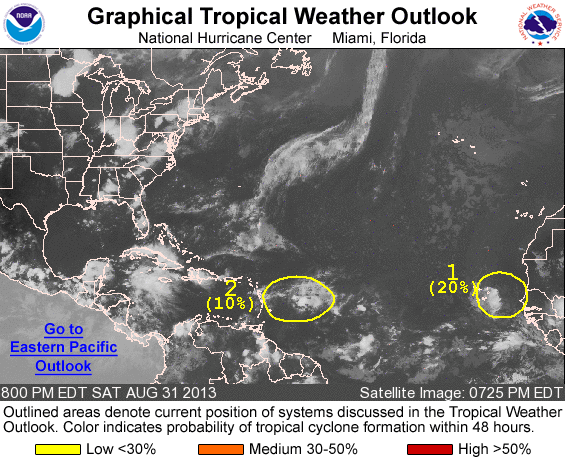
FOR THE NORTH ATLANTIC...CARIBBEAN SEA AND THE GULF OF MEXICO...

1. A BROAD AREA OF LOW PRESSURE ASSOCIATED WITH A TROPICAL WAVE IS OVER THE EASTERN ATLANTIC BETWEEN THE CAPE VERDE ISLANDS AND THE COAST OF AFRICA. WHILE THE ASSOCIATED CLOUDINESS AND SHOWERS SHOW SOME SIGNS OF ORGANIZATION...ENVIRONMENTAL CONDITIONS HAVE BECOME LESS FAVORABLE FOR DEVELOPMENT...AND THE POTENTIAL FOR A TROPICAL DEPRESSION TO FORM HAS DIMINISHED. THIS SYSTEM HAS A LOW CHANCE... 20 PERCENT...OF BECOMING A TROPICAL CYCLONE DURING THE NEXT 48 HOURS...AND A LOW CHANCE...20 PERCENT...OF BECOMING A TROPICAL CYCLONE DURING THE NEXT 5 DAYS...AS IT MOVES GENERALLY WEST-NORTHWESTWARD OVER THE EASTERN ATLANTIC.

2. SURFACE OBSERVATIONS AND DROPSONDE DATA FROM A NOAA GULFSTREAM AIRCRAFT SHOW A BROAD AREA OF LOW PRESSURE ASSOCIATED WITH A TROPICAL WAVE IS CENTERED ABOUT 350 MILES EAST OF THE LESSER ANTILLES. CLOUDINESS AND SHOWERS ASSOCIATED WITH THIS SYSTEM REMAIN DISORGANIZED...AND THERE IS NO EVIDENCE OF A WELL-DEFINED SURFACE WIND CIRCULATION. ENVIRONMENTAL CONDITIONS ARE NOT CURRENTLY FAVORABLE FOR DEVELOPMENT...BUT COULD BECOME A LITTLE MORE CONDUCIVE FOR SOME DEVELOPMENT WHEN THE WAVE REACHES THE WESTERN CARIBBEAN SEA IN 4 OR 5 DAYS. THIS SYSTEM HAS A LOW CHANCE...10 PERCENT...OF BECOMING A TROPICAL CYCLONE DURING THE NEXT 48 HOURS...AND A LOW CHANCE...20 PERCENT...OF BECOMING A TROPICAL CYCLONE DURING THE NEXT 5 DAYS. SHOWER ACTIVITY AND LOCALLY GUSTY WINDS ASSOCIATED WITH THIS SYSTEM ARE EXPECTED TO SPREAD OVER THE LESSER ANTILLES DURING THE NEXT DAY OR TWO.

FIVE-DAY FORMATION PROBABILITIES ARE EXPERIMENTAL IN 2013. COMMENTS ON THE EXPERIMENTAL FORECASTS CAN BE PROVIDED AT...

HTTP://WWW.NWS.NOAA.GOV/SURVEY/NWS-SURVEY.PHP?CODE=ETWO

FORECASTER BEVEN